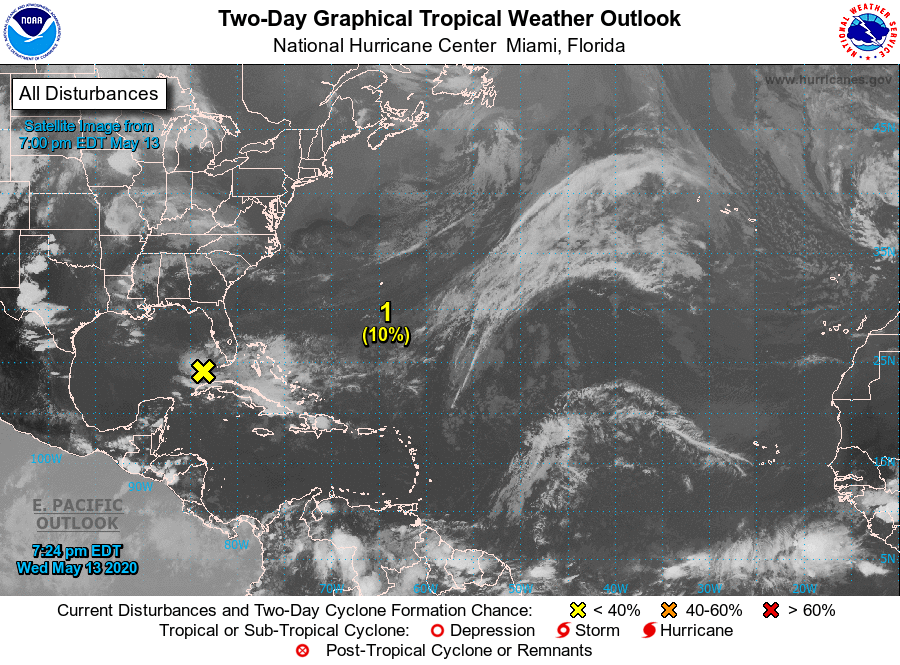
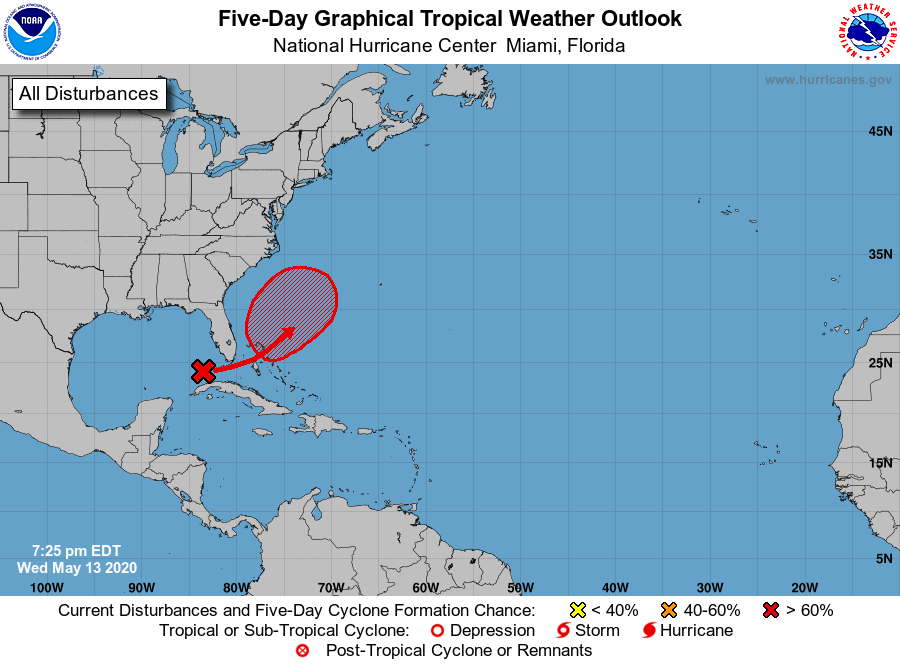
For the North Atlantic...Caribbean Sea and the Gulf of Mexico:

Special Tropical Weather Outlook issued to discuss the potential for subtropical development this weekend northeast of the Bahamas.

1. A broad area of low pressure is expected to develop in a couple of days near or just north of the Bahamas. Environmental conditions appear conducive for gradual development of this system, and a subtropical depression or storm is likely to form this weekend. The system is expected to move generally northeastward over the western Atlantic through early next week. The next Special Tropical Weather Outlook on this system will be issued by 9 AM EDT Thursday, or earlier, if necessary.
* Formation chance through 48 hours...low...10 percent.
* Formation chance through 5 days...high...70 percent.

Forecaster Cangialosi